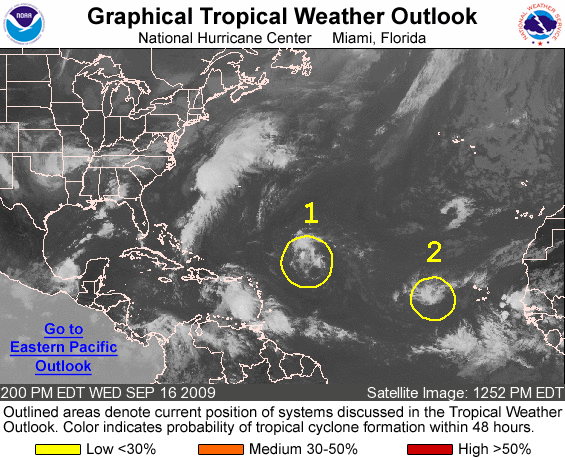
FOR THE NORTH ATLANTIC...CARIBBEAN SEA AND THE GULF OF MEXICO...

1. THE REMNANTS OF FRED...LOCATED ABOUT 650 MILES EAST-NORTHEAST OF THE NORTHERN LEEWARD ISLANDS...ARE MOVING WEST-NORTHWESTWARD AT ABOUT 15 MPH. ALTHOUGH THE SYSTEM CONTINUES TO PRODUCE INTERMITTENT SHOWERS AND THUNDERSTORMS...ENVIRONMENTAL CONDITIONS ARE NOT PARTICULARLY CONDUCIVE FOR RE-DEVELOPMENT...AND THERE IS A LOW CHANCE...LESS THAN 30 PERCENT...OF THIS SYSTEM BECOMING A TROPICAL CYCLONE DURING THE NEXT 48 HOURS.

2. A BROAD AREA OF LOW PRESSURE LOCATED ABOUT 450 MILES WEST OF THE CAPE VERDE ISLANDS IS PRODUCING A SMALL AREA OF DISORGANIZED SHOWERS AND A FEW THUNDERSTORMS. DEVELOPMENT...IF ANY...OF THIS SYSTEM IS LIKELY TO BE SLOW TO OCCUR AS IT MOVES WESTWARD AT AROUND 10 MPH. THERE IS A LOW CHANCE...LESS THAN 30 PERCENT...OF THIS SYSTEM BECOMING A TROPICAL CYCLONE DURING THE NEXT 48 HOURS.

ELSEWHERE...TROPICAL CYCLONE FORMATION IS NOT EXPECTED DURING THE NEXT 48 HOURS.

FORECASTER BLAKE